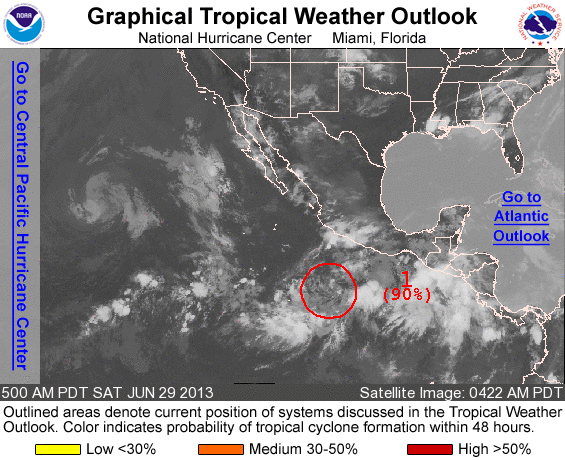
FOR THE EASTERN NORTH PACIFIC...EAST OF 140 DEGREES WEST LONGITUDE..

1. SHOWER AND THUNDERSTORM ACTIVITY ASSOCIATED WITH AN AREA OF LOW PRESSURE CENTERED ABOUT 450 MILES SOUTHWEST OF ACAPULCO MEXICO HAS CHANGED LITTLE OVER THE PAST FEW HOURS. HOWEVER...ENVIRONMENT CONDITIONS REMAIN FAVORABLE FOR A TROPICAL DEPRESSION TO FORM TODAY OR TOMORROW. THIS SYSTEM HAS A HIGH CHANCE...90 PERCENT...OF BECOMING A TROPICAL CYCLONE DURING THE NEXT 48 HOURS AS IT MOVES GENERALLY NORTHWARD AT AROUND 5 MPH.

ELSEWHERE...TROPICAL CYCLONE FORMATION IS NOT EXPECTED DURING THE NEXT 48 HOURS.

FORECASTER BEVEN